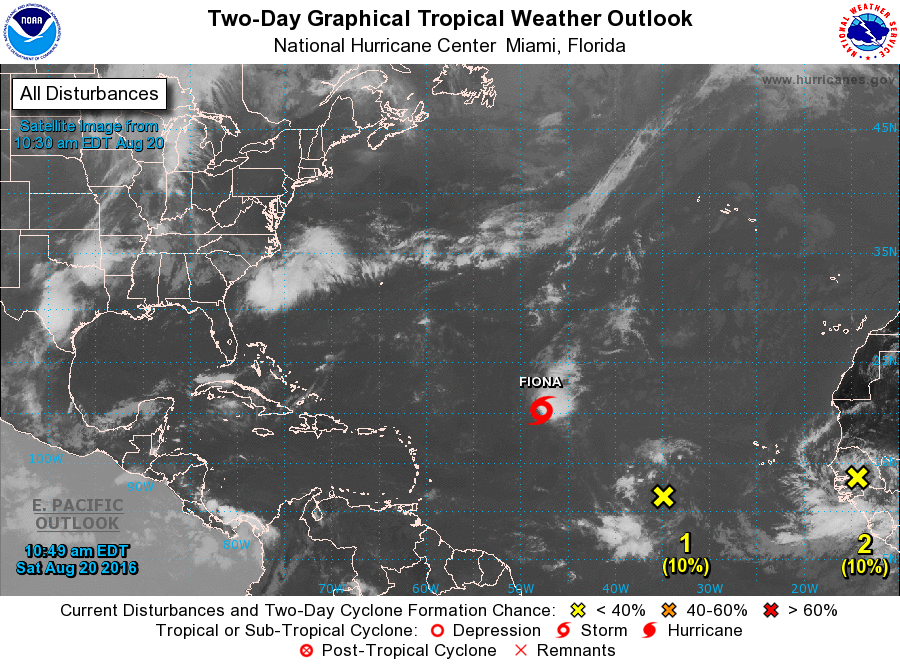
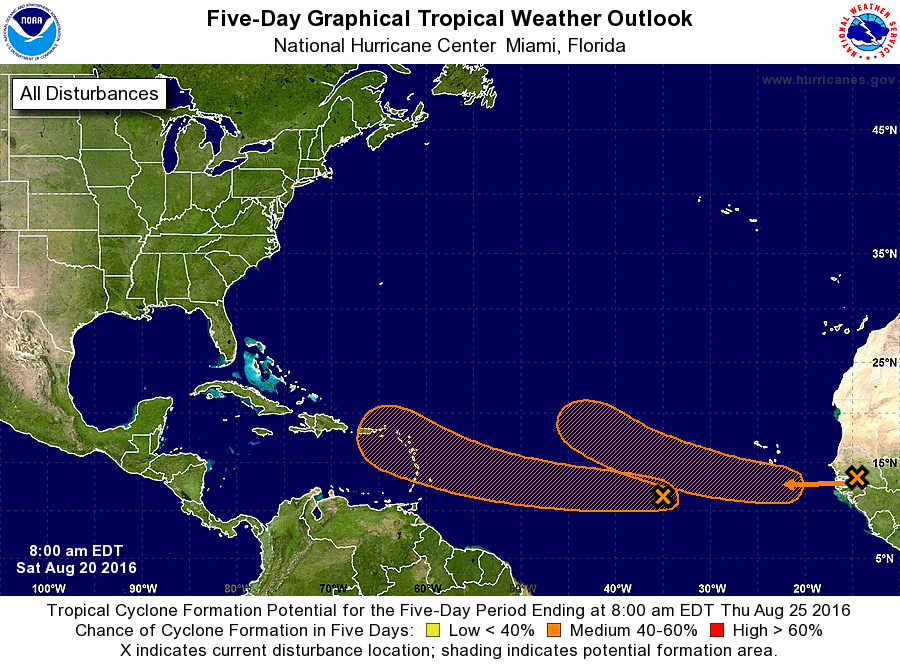
For the North Atlantic...Caribbean Sea and the Gulf of Mexico:

The National Hurricane Center is issuing advisories on Tropical Storm Fiona, located over the central tropical Atlantic.

1. A broad area of low pressure, associated with a tropical wave, is located about 750 miles west-southwest of the Cabo Verde Islands. This system continues to produce disorganized showers and thunderstorms, and any development should be slow to occur due to its large size and proximity to dry air. Environmental conditions are forecast to be more conducive for development beyond a couple of days, and a tropical depression could form by the middle of next week while the system moves westward at 15 to 20 mph across the tropical Atlantic Ocean and into the eastern Caribbean Sea.
* Formation chance through 48 hours...low...10 percent
* Formation chance through 5 days...medium...50 percent

2. A tropical wave located inland over western Africa is producing a large area of cloudiness and thunderstorms. This wave is expected to move offshore tonight and environmental conditions appear conducive for gradual development while it moves generally west-northwestward over the eastern tropical Atlantic Ocean during the next several days.
* Formation chance through 48 hours...low...10 percent
* Formation chance through 5 days...medium...50 percent

Forecaster Cangialosi